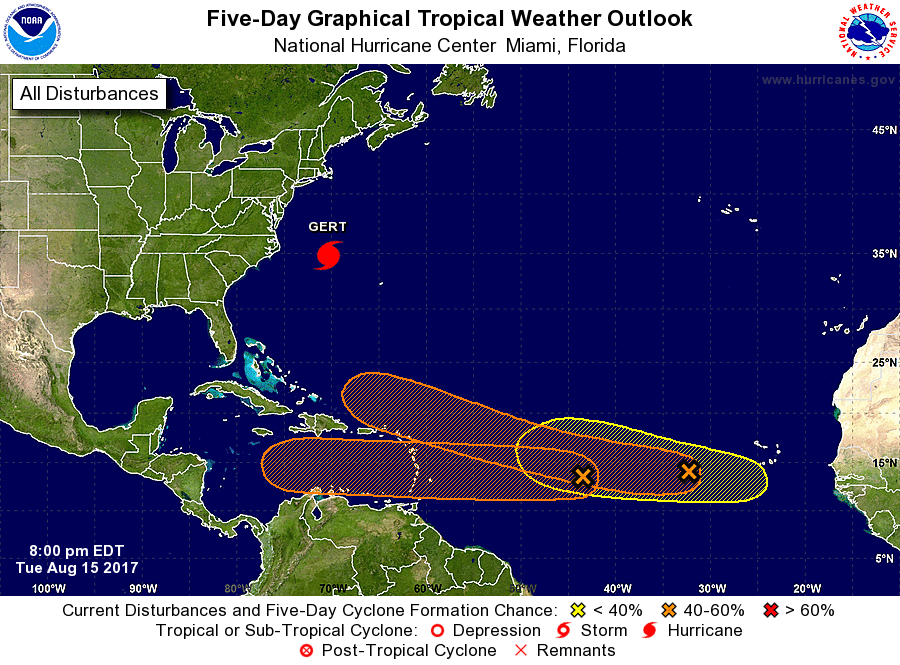
For the North Atlantic...Caribbean Sea and the Gulf of Mexico:

The National Hurricane Center is issuing advisories on Hurricane Gert, located several hundred miles west-northwest of Bermuda.

1. Shower and thunderstorm activity associated with an elongated area of low pressure located more than a thousand miles east of the Lesser Antilles remains disorganized. This system is expected to move westward at 15 to 20 mph across the tropical Atlantic Ocean, crossing into the Caribbean Sea on Friday. Some slow development of this system is possible before it moves into the Caribbean Sea, where environmental conditions are expected to be less conducive for tropical cyclone formation.
* Formation chance through 48 hours...low...20 percent.
* Formation chance through 5 days...medium...40 percent.

2. Showers and thunderstorms associated with a low pressure area located a few hundred miles west-southwest of the Cabo Verde Islands continue to show signs of organization. Environmental conditions appear conducive for additional development of this system while it moves westward to west-northwestward at 15 to 20 mph. Upper-level winds are likely to become less favorable for development by this weekend.
* Formation chance through 48 hours...low...30 percent.
* Formation chance through 5 days...medium...40 percent.

3. A tropical wave over western Africa is forecast to emerge over the far eastern Atlantic Ocean on Wednesday. Conditions appear conducive for some development after that time while the wave moves westward to west-northwestward at about 15 mph.
* Formation chance through 48 hours...low...near 0 percent.
* Formation chance through 5 days...low...20 percent.

Forecaster Pasch